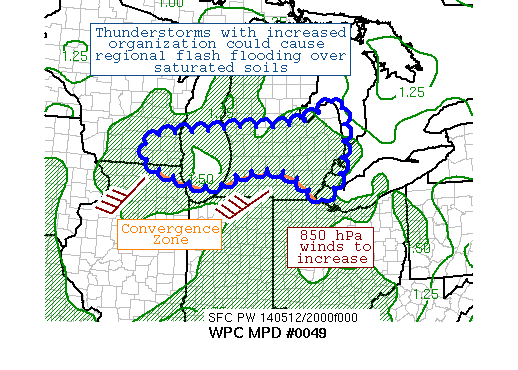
AREAS AFFECTED...SOUTHEAST WI...NORTHERN IL...SOUTHERN MI

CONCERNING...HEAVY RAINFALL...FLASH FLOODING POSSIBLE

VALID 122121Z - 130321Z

SUMMARY...AN INCREASE OF LOW-LEVEL INFLOW INTO AND OVER A
CONVERGENCE ZONE IS EXPECTED ACROSS A SATURATED AREA OVER THE NEXT
SEVERAL HOURS.  REGIONAL FLASH FLOODING IS POSSIBLE.

DISCUSSION...A ZONE OF CONVERGENCE, WITH SOME ASSOCIATED
TEMPERATURE CONTRAST, HAS BEEN SET UP ACROSS SOUTHERN MI DURING
THE PAST SEVERAL HOURS DUE TO SCATTERED THUNDERSTORMS MOVING
THROUGH THE REGION.  FLASH FLOOD GUIDANCE VALUES HAVE FALLEN CLOSE
TO 1-1.5" IN THREE HOURS DUE TO RECENT RAINS. PRECIPITABLE WATER
VALUES ARE NEAR 1.50", NEAR THE 90TH PERCENTILE FOR MID-MAY.  CAPE
VALUES ARE NEAR 2000 J/KG.

INFLOW AT 850 HPA IS EXPECTED TO INCREASE INTO THE CONVERGENCE
ZONE THROUGH 04Z, WHICH IS EXPECTED TO CAUSE INCREASED CONVECTIVE
ORGANIZATION -- TO A MORE FAVORABLE MULTI-CELL ENVIRONMENT -- AND
BACKBUILDING OF CELLS, MAINLY AFTER 23Z.  DUE TO LOSS OF DAYTIME
HEATING, SOME CIN MAY DEVELOP ALONG THE CONVERGENCE ZONE, CAUSING
CONVECTION TO BECOME MORE ELEVATED THIS EVENING.  LOCAL RAINFALL
AMOUNTS OF 2-3" ARE EXPECTED, WHICH COULD CAUSE REGIONAL FLASH
FLOODING.